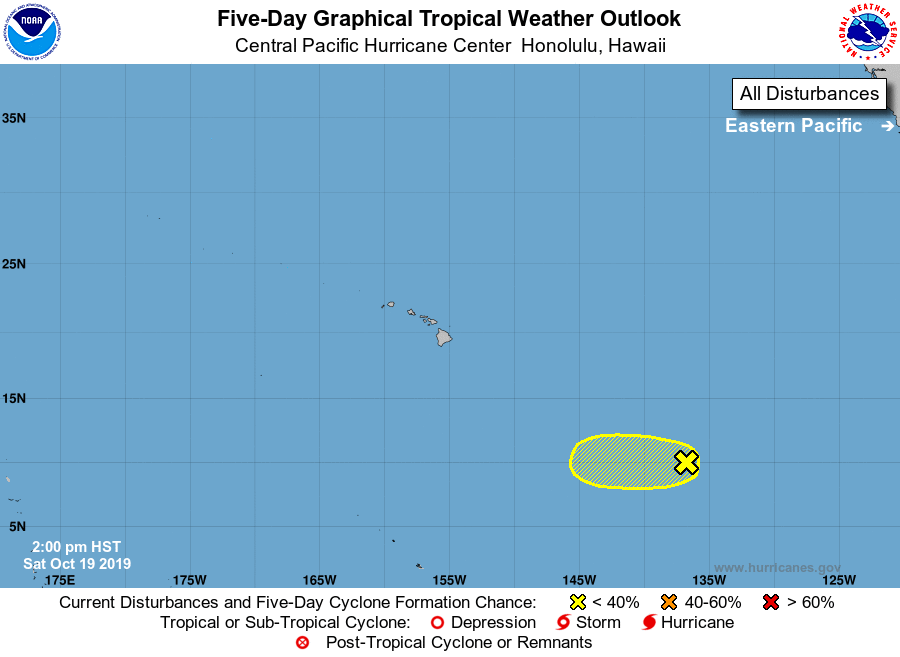
For the central North Pacific...between 140W and 180W:

1. An elongated area of low pressure located over the far southwestern portion of the eastern Pacific basin is also producing disorganized showers and thunderstorms. Any development of this system should be slow while it drifts slowly westward during the next few days. This system is expected to move into the central Pacific basin by late Sunday.
* Formation chance through 48 hours...low...20 percent.
* Formation chance through 5 days...low...20 percent.

Elsewhere, no tropical cyclones are expected during the next 5 days.

Forecaster TS